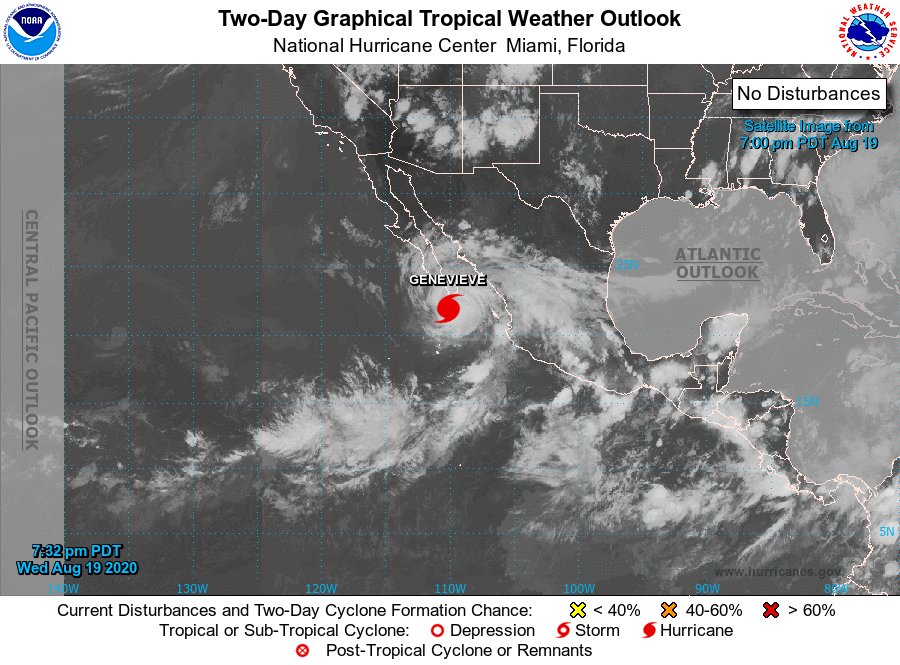
For the eastern North Pacific...east of 140 degrees west longitude:

The National Hurricane Center is issuing advisories on Hurricane Genevieve, located less than 100 miles south-southwest of the southern tip of the Baja California peninsula.

1. An area of low pressure is expected to form later this week and over the weekend several hundred miles southwest of the southwestern coast of Mexico. Conditions appear favorable for some slow development of this system, and a tropical depression could form early next week while it moves little.
* Formation chance through 48 hours...low...near 0 percent.
* Formation chance through 5 days...medium...50 percent.

Forecaster Stewart